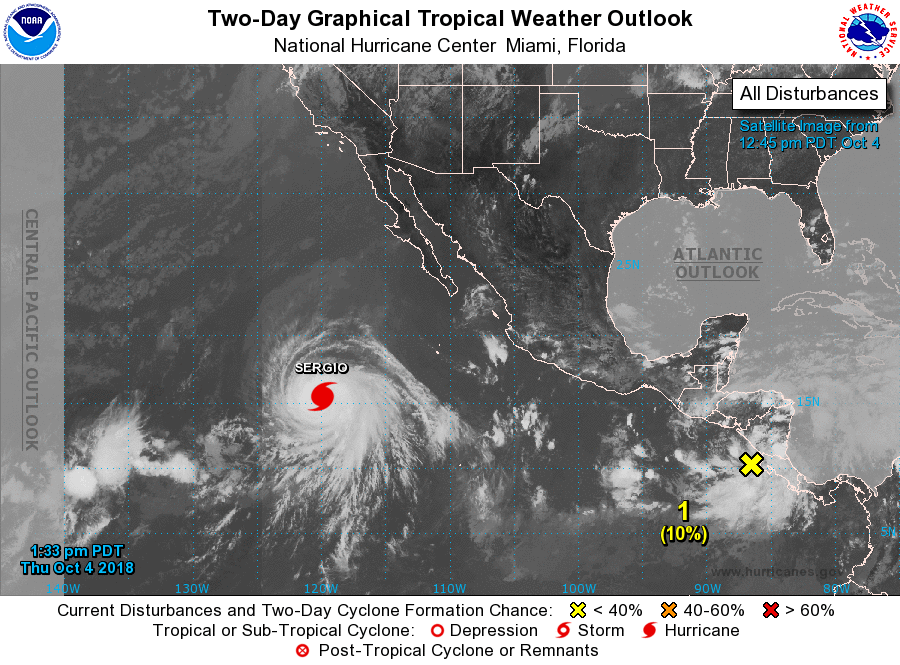
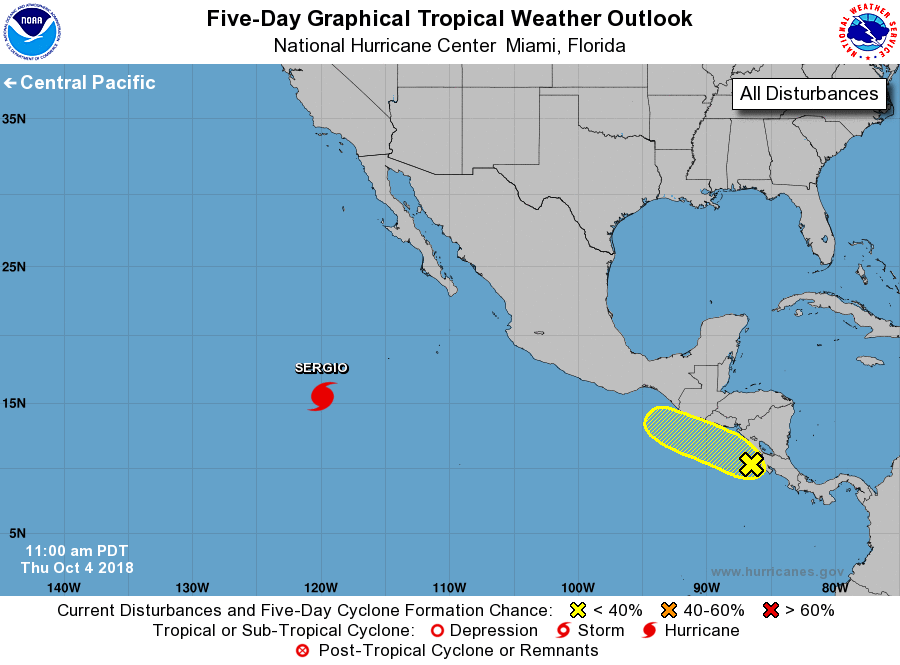
For the eastern North Pacific...east of 140 degrees west longitude:

The National Hurricane Center is issuing advisories on Hurricane Sergio, located several hundred miles southwest of the southern tip of the Baja California peninsula.

1. A broad area of low pressure located near the coasts of Nicaragua and Costa Rica continues to produce a large area of showers and thunderstorms. Some slow development of this system is possible during the next several days, if this system remains offshore, while it drifts northwestward near Central America. Regardless of development, heavy rains could cause flash floods and mudslides in mountainous areas of western Costa Rica, Nicaragua, Honduras, El Salvador and Guatemala through early next week.
* Formation chance through 48 hours...low...10 percent.
* Formation chance through 5 days...low...30 percent.

Forecaster Cangialosi